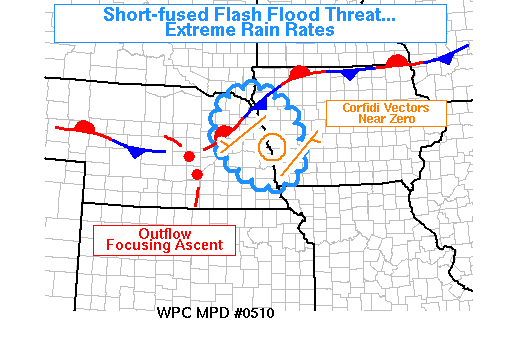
AREAS AFFECTED...EASTERN NE...WESTERN IA

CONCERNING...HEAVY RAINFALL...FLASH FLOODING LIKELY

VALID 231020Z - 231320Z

SUMMARY...EXTREME RADAR-BASED RAIN RATES WERE OBSERVED NEAR OMAHA
AT 10Z. UNSTABLE INFLOW WAS IN SHORT SUPPLY...BUT AN APPROACHING
OUTFLOW BOUNDARY WILL FOCUS ASCENT AND RESULT IN A QUICK DUMP OF
VERY HEAVY RAIN...LIKELY CAUSING FLASH FLOODING.

DISCUSSION...CONVECTION IN THE VICINITY OF OMAHA WAS IN THE MIDDLE
OF A WEAKNESS OF 700 MB WINDS...BUT THESE...AS WELL AS 850 MB
WINDS...WERE INCRASING ABOVE 15-20 KNOTS PER SPC MESOANALYSIS AND
HRRR FIELDS...WITH A BRIEF FURTHER BOOST TO INFLOW AHEAD OF AN
APPROACHING COLD POOL. AS THE COLD POOL OVERTAKES THIS REGION CELL
MERGERS WILL OCCUR...TAKING ADVANTAGE OF THE WEAK TO MODERATE
INSTABILITY THAT WAS IN PLACE...AND YIELDING A RAPID ACCUMULATION
OF RAINFALL.

THE RADAR CHARACTER OF THIS CONVECTION AT 10Z WAS CONCENING...WITH
HOURLY RATES NEAR THE RADAR ESTIMATED AS HIGH AS 4 INCHES PER
HOUR. INDIVIDUAL CELL MOTIONS WERE NORTH AT 5-10 KNOTS...AND WERE
COUPLED WITH CORFIDI VECTORS NEAR ZERO. NEW DEVELOPMENT WAS
FAVORED ON THE SOUTHWESTERN FLANK OF ONGOING CONVECTION IN THE LOW
TERRAIN NEAR THE MISSOURI RIVER WHERE CAPE MAY BE LOCALLY HIGHER.
NET MOTION WILL BE VERY SLOW TO NEAR ZERO UNTIL THE PRE-EXISTING
SUPPLY OF UNSTABLE AIR IS EXHAUSTED. THIS PROCESS MAY OCCUR RATHER
QUICKLY...WITH DECREASING TRENDS AFTER 13Z...BUT IN THE MEANTIME
RAIN RATES ARE LIKELY TO EXCEED THE 1.5 TO 2 INCH PER HOUR FFG BY
A WIDE MARGIN...RESULTING IN A PRONOUNCED LIKELIHOOD OF FLASH
FLOODING.